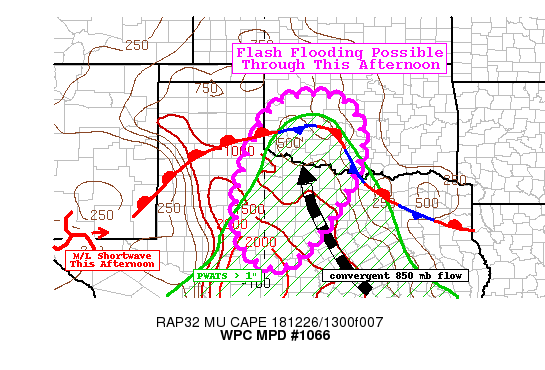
Areas affected...North Central TX...Central OK

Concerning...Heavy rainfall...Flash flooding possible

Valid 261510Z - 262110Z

Summary...Probability of convection with hourly totals exceeding
1" will increase through the morning and into the afternoon hours
and could pose a localized flash flood threat.

Discussion...An approaching mid level shortwave currently over the
Southwest US will enhance forcing for ascent across the region
into the afternoon hours. A broad axis of deeper moisture,
characterized by recent PWATs per blended TPW product of 1-1.2",
will lift northward. At the surface, a quasi-stationary boundary
was analyzed across the panhandle of TX into west-central OK.
South of this boundary, SBCAPE instability was on the order of a
few hundred J/kg, but is expected to increase into the afternoon.
The latest run of the HREF shows probabilities of exceeding 500
J/kg SBCAPE approach almost reaching the Red River. However, there
should be sufficient MUCAPE (1000 J/kg off latest HREF mean)
extending well into west-central OK. Wind fields are expected to
be convergent in the low levels, especially as a cold front
approaches this afternoon. In general, storm motions will align
nearly parallel to the mean winds, suggesting potential for
training convection.

Recent radar and satellite imagery shows convection beginning to
blossom and IR cloud tops continuing to cool. Recent mesonet
observations show hourly totals approaching 1" in places and this
generally matches what area radars are suggesting.

Through 21z / 3pm CT, the heaviest rainfall is expected to be
aligned nearly north-south across portions of north-central TX
into west-central OK. Latest trends in the hi-res models show
potential for 2-3" with locally higher amounts possible.

Mitigating factors for flash flooding however are the dry
antecedent conditions. Latest rainfall analysis shows 7-day
percent of normal across the area at 5-10 percent. Thus, with the
higher FFG values (1-hr 2-2.5"), any flooding concerns may be more
localized over sensitive or urban areas.